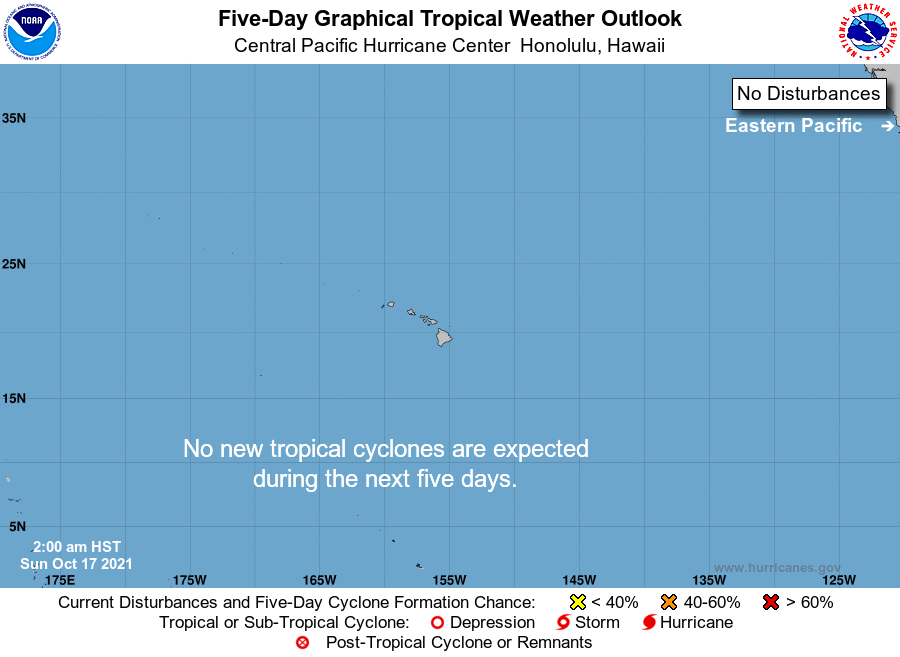
For the central North Pacific...between 140W and 180W:

No tropical cyclones are expected during the next 5 days.

Forecaster Lau